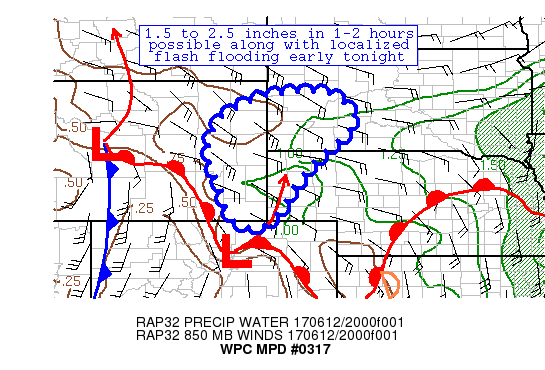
AREAS AFFECTED...SERN WY/SWRN SD/WRN NE

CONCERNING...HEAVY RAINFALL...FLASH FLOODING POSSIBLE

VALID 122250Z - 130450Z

SUMMARY...A LOCAL THREAT FOR TRAINING HEAVY RAIN COULD POSE A
FLASH FLOOD THREAT LATE THIS EVENING ACROSS PORTIONS OF ERN WY
INTO SWRN SD AND THE WRN NE PANHANDLE. RATES OF 1.5 TO 2.5 INCHES
IN 1-2 HOURS ARE EXPECTED IN THE STRONGEST CORES.

DISCUSSION...REGIONAL RADAR AS OF 22Z OVER SERN WY INTO FAR NRN CO
SHOWED SEVERAL SUPERCELLS TRACKING NORTH TO NORTHEAST IN AN
UPSLOPE FLOW REGIME LOCATED NORTH OF A WAVY WARM FRONT. WHILE THE
CURRENT THREAT FROM THESE STORMS IS OF A SEVERE MODE...THERE ARE
CONCERNS FOR FLASH FLOODING TOWARD SUNSET AND BEYOND.

PRECIPITABLE WATER VALUES OVER SERN WY WERE NEAR 1 INCH WITH
VALUES APPROACHING AND EXCEEDING 1.5 INCHES TOWARD THE EAST OVER
SERN SD AS SEEN ON EXPERIMENTAL GOES 16 TPW IMAGERY AND RAP
ANALYSES. AS A LARGE CLOSED LOW CENTERED OVER THE NV/ID BORDER
CONTINUES TO ADVANCE EAST EARLY TONIGHT...INCREASING UPPER LEVEL
DIFFLUENCE WILL OVERSPREAD THE HIGH PLAINS AS THE NOCTURNAL LOW
LEVEL JET STRENGTHENS OVER WRN KS AND NE TO THE EAST OF A LOW NEAR
DEN FORECAST TO TRACK NEWD OVER THE NEXT 6-9 HOURS. THIS WILL
ALLOW ELY TO SELY LOW LEVEL MOISTURE TRANSPORT TO PUMP MOISTURE
WWD INTO THE HIGH PLAINS WHICH WHEN COMBINED WITH FAVORABLE UPPER
LEVEL SUPPORT SHOULD ALLOW FOR EXPANDING COVERAGE OF CONVECTIVE
ACTIVITY.

THE FLASH FLOOD THREAT MAY COME IN THE FORM OF TRAINING FROM SSW
TO NNE...ESPECIALLY IF ANY OUTFLOW BOUNDARIES ALIGN IN SUCH A WAY
TO ALLOW REPEATING STORM MOTIONS TOWARD THE NORTHEAST. IN
ADDITION...FLASH FLOOD GUIDANCE VALUES ARE 1-2 IN/HR AREA=WIDE AND
POCKETS OF LOWER FFG EXIST ON THE 3-HR TIMESCALE AS WELL. THIS
SCENARIO IS SUPPORTED THROUGH SIMULATED REFLECTIVITY SEEN IN
RECENT RUNS OF THE HRRR AND EXPERIMENTAL HRRR.